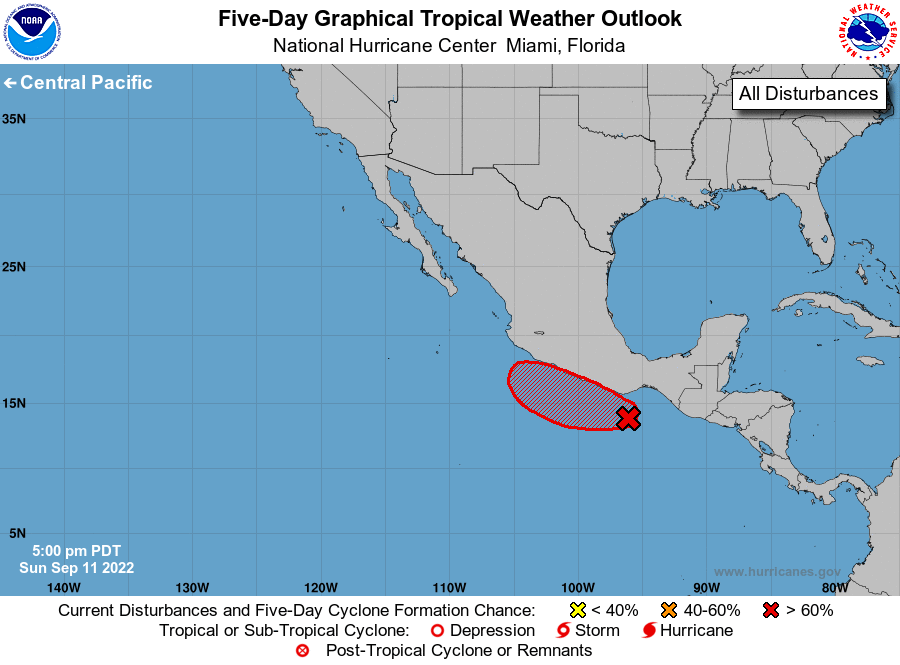
For the eastern North Pacific...east of 140 degrees west longitude:

1. Near the coast of southern Mexico: Disorganized showers and thunderstorms extending from the Gulf of Tehuantepec westward along the southern coast of Mexico are associated with a trough of low pressure. This system is forecast to merge with another disturbance located farther west, and environmental conditions are expected to be conducive for gradual development over the next several days. A tropical depression is likely to form by the middle to latter part of this week while the system moves slowly westward near the coast of southern and southwestern Mexico.
* Formation chance through 48 hours...low...10 percent.
* Formation chance through 5 days...high...70 percent.

Forecaster Beven